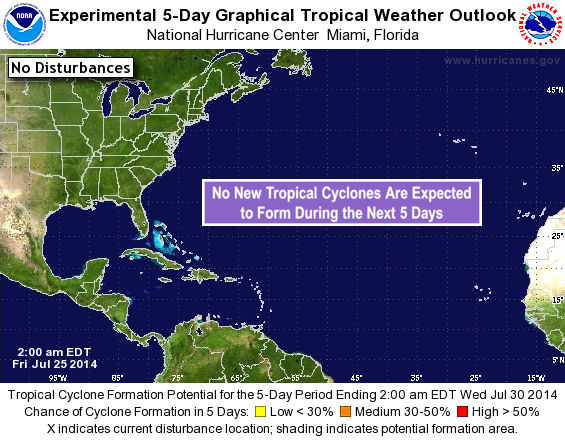
For the North Atlantic...Caribbean Sea and the Gulf of Mexico:

Tropical cyclone formation is not expected during the next 5 days.

Forecaster Berg